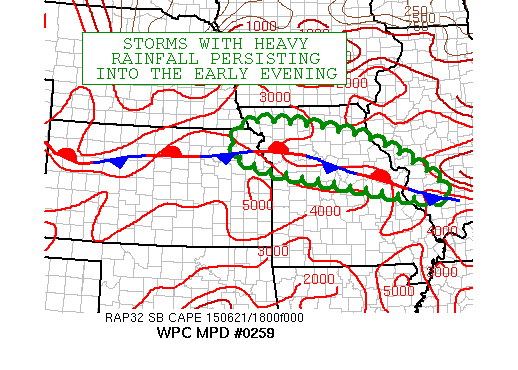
AREAS AFFECTED...EXTREME SOUTHEAST NE...NORTHEAST KS...NORTHERN
MO...FAR WESTERN IL

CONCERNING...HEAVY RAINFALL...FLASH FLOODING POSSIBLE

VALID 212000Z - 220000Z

SUMMARY...THUNDERSTORMS...SOME OF WHICH COULD PRODUCE HEAVY
RAINFALL...WILL CONTINUE THROUGH THE AFTERNOON AND INTO THE EARLY
EVENING.  FLASH FLOODING WILL BE POSSIBLE SINCE THE CELLS HAVE THE
POTENTIAL TO TRAIN AND BRING REPEATED PERIODS OF HEAVY RAINFALL TO
THE SAME PLACES.

DISCUSSION...A SHORTWAVE IMPULSE EMBEDDED WITHIN DEEPER LAYER WNW
FLOW OVER THE CENTRAL AND NORTHERN PLAINS WILL CONTINUE TO AID THE
DEVELOPMENT OF NEW CONVECTION AND TO FOCUS STORMS THROUGH THE
AFTERNOON AND INTO THE EARLY EVENING HOURS.

THE GLOBAL MODELS AND HIGH RESOLUTION CONVECTIVE ALLOWING MODELS
AGREE THAT STORMS WILL PERSIST IN THIS AREA DURING THE PERIOD OF
MAX HEATING...FOLLOWING BY A GRADUAL DECREASE IN COVERAGE BY EARLY
EVENING.

GOES-SOUNDER PWATS REMAINED LOCALLY OVER 1.75 INCHES...AND THIS
SHOULD FAVOR RAINFALL RATES OF OVER 2 INCHES/HR WITHIN AN
ENVIRONMENT THAT IS ALSO CONDUCIVE FOR TRAINING AND BACKBUILDING
OF CELLS.

GIVEN LOCALLY WET ANTECEDENT CONDITIONS AND THE POTENTIAL FOR
TRAINING CELLS...LOCALLY VERY HEAVY RAINFALL AMOUNTS ARE POSSIBLE.
THEREFORE...THERE IS A RISK FOR SOME FLASH FLOODING GOING THROUGH
THE AFTERNOON HOURS AND INTO THE EARLY EVENING.